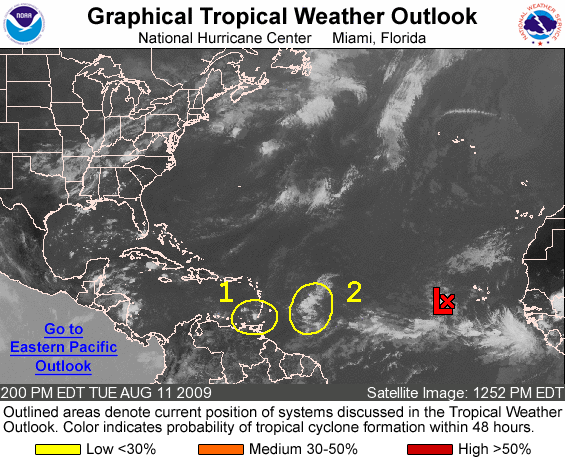
FOR THE NORTH ATLANTIC...CARIBBEAN SEA AND THE GULF OF MEXICO...

THE NATIONAL HURRICANE CENTER IS ISSUING ADVISORIES ON TROPICAL DEPRESSION TWO...LOCATED ABOUT 350 MILES WEST OF THE SOUTHERNMOST CAPE VERDE ISLANDS.

1. AN AREA OF LOW PRESSURE ASSOCIATED WITH A TROPICAL WAVE IS PRODUCING A SMALL AREA OF SHOWERS AND THUNDERSTORMS NEAR THE WINDWARD ISLANDS. DEVELOPMENT OF THIS SYSTEM...IF ANY...IS EXPECTED TO BE SLOW TO OCCUR AS IT MOVES GENERALLY WESTWARD AT 10 TO 15 MPH OVER THE SOUTHEASTERN CARIBBEAN SEA DURING THE NEXT COUPLE OF DAYS. THERE IS A LOW CHANCE...LESS THAN 30 PERCENT...OF THIS SYSTEM BECOMING A TROPICAL CYCLONE DURING THE NEXT 48 HOURS. LOCALLY HEAVY RAIN AND GUSTY WINDS COULD AFFECT PORTIONS OF THE WINDWARD ISLANDS THROUGH THE REST OF TODAY.

2. A TROPICAL WAVE LOCATED ABOUT 550 MILES EAST OF THE LESSER ANTILLES CONTINUES TO PRODUCE DISORGANIZED SHOWER AND THUNDERSTORM ACTIVITY. DEVELOPMENT OF THIS SYSTEM IS LIKELY TO BE SLOW AS IT MOVES WEST TO WEST-NORTHWESTWARD AT 10 TO 15 MPH. THERE IS A LOW CHANCE...LESS THAN 30 PERCENT...OF THIS SYSTEM BECOMING A TROPICAL CYCLONE DURING THE NEXT 48 HOURS.

ELSEWHERE...TROPICAL CYCLONE FORMATION IS NOT EXPECTED DURING THE NEXT 48 HOURS.

PUBLIC ADVISORIES ON TROPICAL DEPRESSION TWO ARE ISSUED UNDER WMO HEADER WTNT32 KNHC AND UNDER AWIPS HEADER MIATCPAT2. FORECAST/ ADVISORIES ON TROPICAL DEPRESSION TWO ARE ISSUED UNDER WMO HEADER WTNT22 KNHC AND UNDER AWIPS HEADER MIATCMAT2.

FORECASTER BERG